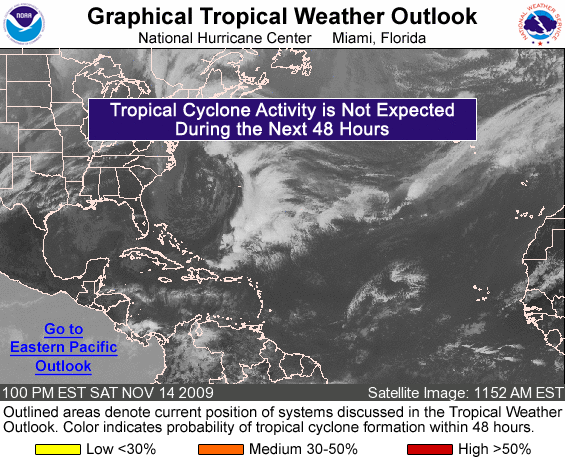
FOR THE NORTH ATLANTIC...CARIBBEAN SEA AND THE GULF OF MEXICO...

TROPICAL CYCLONE FORMATION IS NOT EXPECTED DURING THE NEXT 48 HOURS.

FORECASTER BERG